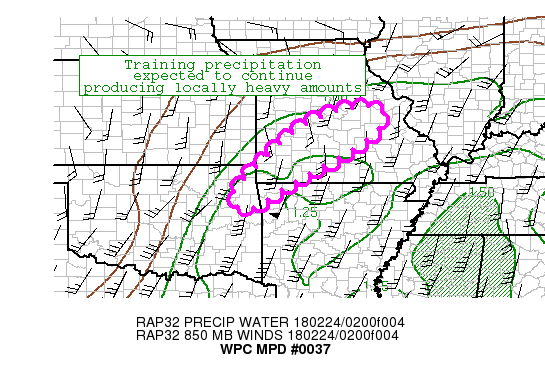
AREAS AFFECTED...NORTHEAST OK...NORTHWEST AR...SOUTHERN MO

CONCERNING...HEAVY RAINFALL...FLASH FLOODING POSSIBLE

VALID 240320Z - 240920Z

SUMMARY...ONGOING PRECIPITATION IS EXPECTED TO CONTINUE AND TRAIN
NORTHEAST FROM NORTHEAST OK AND NORTHWEST AR INTO CENTRAL MO.
LOCALLY HEAVY ACCUMULATIONS ARE POSSIBLE...PRODUCING ADDITIONAL
FLASH FLOODING CONCERNS.

DISCUSSION...A COUPLED UPPER JET STRUCTURE ALONG WITH GOOD
ISENTROPIC LIFT WILL CONTINUE TO SUPPORT TRAINING PRECIPITATION
ACROSS THE REGION INTO THE OVERNIGHT HOURS.  SPC MESOANALYSIS
SHOWS MOISTURE CONTINUING TO DEEPEN ACROSS SOUTHERN MO...WITH PWS
INCREASING TO AT OR ABOVE AN INCH IN THE LATEST ANALYSIS.  RECENT
RUNS OF THE RAP SHOW A FURTHER INCREASE INTO THE OVERNIGHT HOURS
AS SOUTHWESTERLY LOW LEVEL INFLOW INCREASES TO 40-50 KTS WITH THE
APPROACH OF A SHORTWAVE TROUGH LIFTING ACROSS OK.  IN ADDITION TO
THE INCREASE IN MOISTURE...THE RAP ALSO SHOWS INSTABILITY
INCREASING AS WELL...INDICATING INCREASING MUCAPES AS THE NIGHT
PROGRESSES.  RADAR RETURNS FROM TULSA...FT SMITH AND TULSA HAVE
SHOWN RAINFALL RATES OF UP TO 1 IN/HR IN SOME OF THE MORE
CONVECTIVE ELEMENTS. GIVEN THE WET ANTECEDENT CONDITIONS...THESE
RATES HAVE ALREADY BEEN SHOWN TO BE PROBLEMATIC ACROSS PORTIONS OF
THE AREA...WITH FLASH FLOODING REPORTED IN PARTS OF NORTHEAST OK
AND NORTHWEST AR. AS THE NIGHT PROGRESSES...DEEPENING MOISTURE AND
INCREASING INSTABILITY ARE LIKELY TO FURTHER BOLSTER THESE RATES
IN SOME AREAS.  LATEST RUNS OF THE HRRR HAVE BEEN FAIRLY
CONSISTENT IN SHOWING AN AXIS OF MODERATE TO LOCALLY HEAVY AMOUNTS
EXTENDING FROM NORTHEAST OK AND NORTHWEST AR NORTHEASTWARD INTO
SOUTHERN MO...WITH 6-HR AMOUNTS OF 1.5 TO 2 INCHES WITHIN THE
HIGHLIGHTED AREA.  0Z FLASH FLOOD GUIDANCE VALUES ARE AS LOW AS
1.5 INCHES/3 HRS ACROSS PORTIONS OF THE REGION...SUGGESTING THAT
FLASH FLOODING MAY BECOME A FURTHER CONCERN IF THESE HEAVIER
AMOUNTS DO MATERIALIZE.